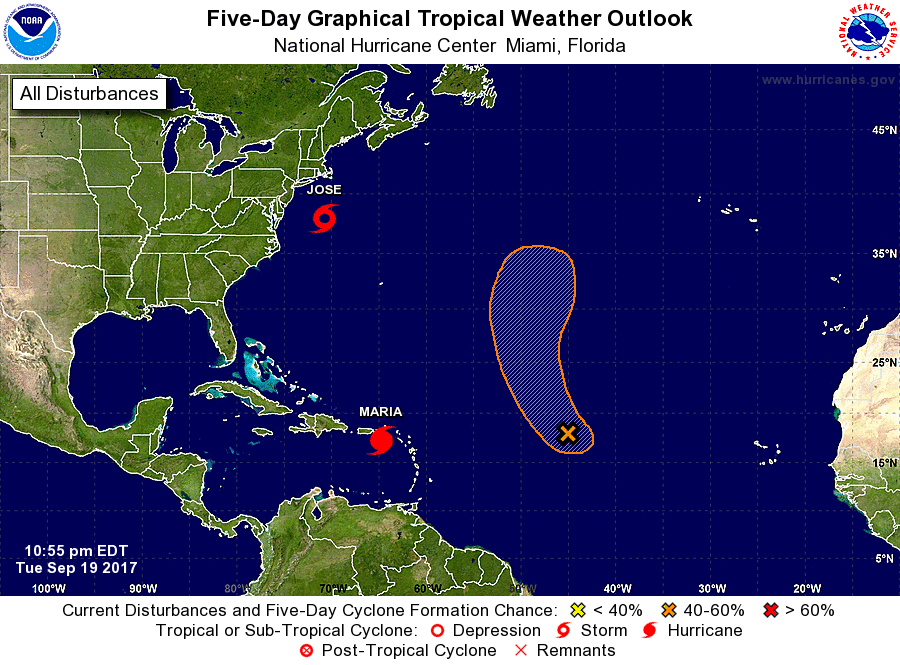
For the North Atlantic...Caribbean Sea and the Gulf of Mexico:

The National Hurricane Center is issuing advisories on Tropical Storm Jose, located a couple of hundred miles south of Nantucket, Massachusetts, and on extremely dangerous Hurricane Maria, located over the northeastern Caribbean Sea approaching the U.S. Virgin Islands and Puerto Rico.

1. Showers and thunderstorms have increased near a low pressure area, the remnants of Lee, located about 1000 miles east of the Leeward Islands. Satellite wind data show that the low is already producing gale-force winds, and only a small increase in the organization of the deep convection would result in the regeneration of Lee. However, the environmental conditions are only marginal favorable for tropical cyclone formation. This low is expected to move northward over the central Atlantic Ocean.
* Formation chance through 48 hours...medium...60 percent.
* Formation chance through 5 days...medium...60 percent.

Additional information on the remnants of Lee can be found in High Seas Forecasts issued by the National Weather Service, under AWIPS header NFDHSFAT1, WMO header FZNT01 KWBC, and available on the Web at http://www.opc.ncep.noaa.gov/shtml/NFDHSFAT1.shtml.

Forecaster Blake